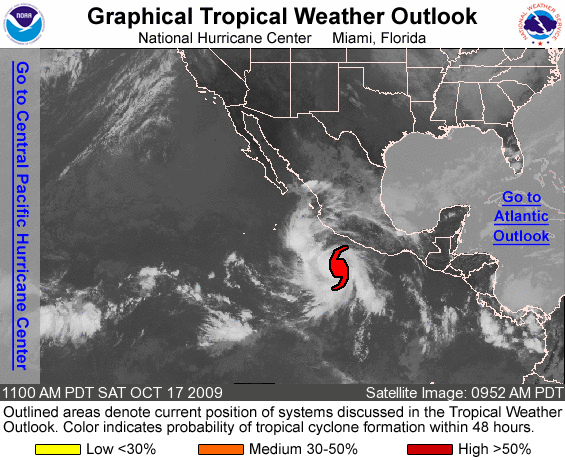
FOR THE EASTERN NORTH PACIFIC...EAST OF 140 DEGREES WEST LONGITUDE..

THE NATIONAL HURRICANE CENTER IS ISSUING ADVISORIES ON HURRICANE RICK...LOCATED ABOUT 280 MILES SOUTHWEST OF ACAPULCO MEXICO.

ELSEWHERE...TROPICAL CYCLONE FORMATION IS NOT EXPECTED DURING THE NEXT 48 HOURS.

FORECASTER BEVEN